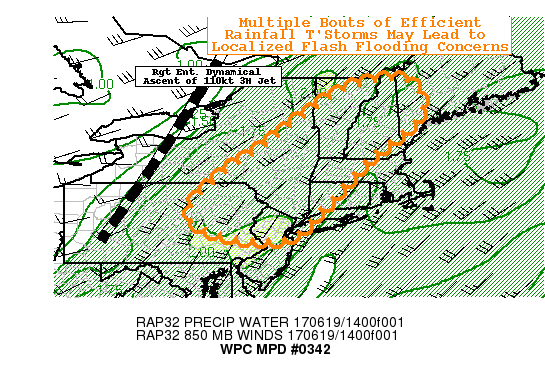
AREAS AFFECTED...NE PA...NJ...SE NY...VT...NH...E ME...W MA...NW
CT

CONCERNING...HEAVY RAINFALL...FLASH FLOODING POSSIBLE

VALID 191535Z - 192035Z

SUMMARY...INCREASING PRE-FRONTAL CONVECTION WITHIN A SATURATED LOW
LEVEL ENVIRONMENT AND FAIRLY DEEP UNIDIRECTIONAL FLOW SUPPORT
LOCALIZED TRAINING AND FLASH FLOODING POTENTIAL THIS AFTERNOON.

DISCUSSION...COLD FRONT MOVING THROUGH THE EASTERN MIDWEST IS
PROGRESSING SLOWLY THROUGH THE APPALACHIANS UNDER INCREASINGLY
CONFLUENT MID TO UPPER LEVEL FLOW PER GOES-E WV LOOP.  BLENDED TPW
ANALYSIS SUGGESTS TROPICALLY CONNECTED STREAM ALONG THE EASTERN
SEABOARD IS MELDING WITH THE ENHANCED MOISTURE POOLED AHEAD OF THE
BOUNDARY THROUGH THE MID-ATLANTIC INTO THE NEW ENGLAND.  WV LOOP
ALSO DENOTES WILL SLIGHTLY CYCLONICALLY CURVED 110KT 3H JET OVER
SE CANADA WITH A WEAK INFLECTION NEAR SE OH ADVANCING NORTHEAST
PROVIDING EXCELLENT RIGHT ENTRANCE ASCENT DYNAMICS THROUGH THE
HUDSON VALLEY TOWARD THE MID-ATLANTIC.  WITHIN THE WARM SECTOR
SURFACE TDS IN EXCESS OF 70S ARE THE NORM WITH SOME LOCALS AS HIGH
AS 75F AND OVERALL TPWS NEAR 2.0" AND WITH FAIRLY CLEAR
SKIES...INSTABILITY HAS RISEN TO 1500-2000 J/KG OF MLCAPE FROM SE
NH TO THE DELAWARE RIVER VALLEY...SLIGHTLY OFFSET OF THE HIGHER
MOISTURE/BETTER FORCING TO THE EAST.

EXPERIMENTAL GOES-16 MESO VISIBLE LOOP SHOWS CONVECTIVE
DEVELOPMENT HAS BROKEN OUT FROM THE S CENTRAL PA TO S HUDSON
VALLEY IN ADVANCE OF THE CONVECTIVE LINE IN CENTRAL PA.  WEAK
CAPPING AND BROAD SCALE ASCENT HAS LEAD TO NARROWLY SPACED
CONVECTIVE DEVELOPMENT. DEEP UNIDIRECTIONAL FLOW IN THE STEERING
LEVELS WILL PROMOTE FAIRLY QUICK FORWARD PROGRESSION TOWARD THE
NORTHEAST AS WELL AS WEAK (LESS THAN 10KTS) PROPAGATION VECTORS
ALIGNING SUPPORTING NORTHEAST ADVANCEMENT AS WELL.  STILL GIVEN
THE OVERALL COVERAGE AND AMPLE MOISTURE/INSTABILITY SUPPORTING
RATES OF 2"/HR THERE IS POTENTIAL FOR THESE CONVECTIVE CELLS TO
NOT NECESSARILY TRAIN...BUT TRACK THROUGH SIMILAR LOCATIONS IN
SOME TIMES SHORT SUCCESSION.  IN ADDITION N-S CONVECTIVE LINE
ASSOCIATED WITH MAIN COLD FRONTAL FORCING/CONVERGENCE WILL ADVANCE
EASTWARD AS WELL PROVIDING AN ADDITIONAL BOUT OF HEAVY RAIN.  AS
SUCH FLASH FLOODING THREAT WILL BE MAINLY DRIVEN BY THESE
ACCIDENTAL REPEATS AND APPEAR MORE RANDOM IN NATURE...WITH POCKETS
OF 2-3" TOTALS POSSIBLE THROUGH THE EARLY EVENING LEADING TO
POSSIBLE FLASH FLOODING CONDITIONS PARTICULARLY IN URBAN CENTERS
AND LOW FFG VALUE AREAS OF S CENTRAL NY AND W VT.